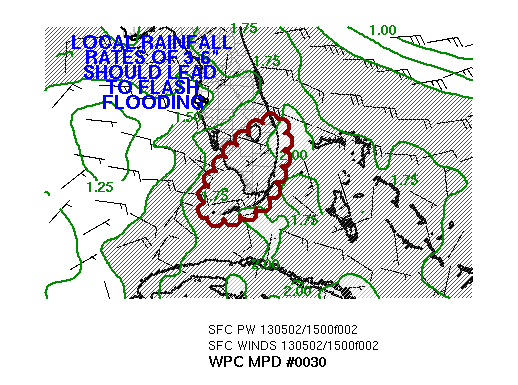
AREAS AFFECTED...SOUTHERN FL INCLUDING THE KEYS

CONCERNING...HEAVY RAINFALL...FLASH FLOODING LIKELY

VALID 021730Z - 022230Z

SUMMARY...MERGING AREAS OF CONVECTION FROM THE EAST COAST SEA
BREEZE AND SLOW-MOVING ORGANIZED CONVECTION MOVING IN FROM THE
GULF OF MEXICO SHOULD LEAD TO ADDITIONAL FLASH FLOODING THIS
AFTERNOON.

DISCUSSION...SLOW-MOVING CONVECTION, WITH A TAIL OF ACTIVITY
MOVING IN FROM THE SOUTHWEST -- FL STRAITS -- HAS BEEN TIED TO A
BOUNDARY AND POSSIBLE SURFACE LOW IN THE FLORIDA STRAITS. THIS
ACTIVITY HAS BROUGHT RAINFALL RATES AVERAGING TWO INCHES PER HOUR
PER RADAR ESTIMATES, WITH LOCAL RATES UP TO SIX INCHES, WITHIN
THREE HOURS' TIME, THOUGH SOME EMBEDDED HAIL MIGHT BE INFLATING
RAINFALL ESTIMATES.  THE AREA IS MOVING INLAND INTO SOUTHWESTERN
FL AND THROUGH THE KEYS AT THIS TIME -- WITH THE KEYS RECENTLY
REPORTING FLASH FLOODING.  MOISTURE IS PLENTIFUL, WITH
PRECIPITABLE WATER VALUES (PWS) APPROACHING TWO INCHES ACROSS THE
REGION.  THE REGION SHOWS SIGNIFICANT DIVERGENCE ALOFT AHEAD OF AN
UPPER LEVEL SHEAR LINE MOVING INTO THE STATE.  ADD INTO THE MIX
NON-MOVING SEA BREEZE CONVECTION ALONG THE GOLD COAST -- WHICH HAS
ALSO LED TO LOCALIZED FLASH FLOODING --- WHICH SHOULD MERGE IN
WITH THE INVADING ACTIVITY FROM SOUTHWESTERN FL, AND FLASH
FLOODING IS EXPECTED ACROSS THE REGION THROUGH THE AFTERNOON
HOURS.  FLASH FLOOD GUIDANCE (FFGS) ARE LOWER THAN YESTERDAY IN
THE WAKE OF YESTERDAY'S WIDESPREAD CONVECTION, ON THE ORDER OF
THREE INCHES IN THREE HOURS' TIME, WHILE THE KEYS HAVE VALUES
CLOSER TO TWO INCHES IN THREE HOURS' TIME.  WITH THE RECENT RADAR
RATES AND FFGS IN MIND, OUTLINED THE SOUTHERN PENINSULA SOUTH OF
LAKE OKEECHOBEE AND THE FLORIDA KEYS FOR ADDITIONAL FLASH
FLOODING.